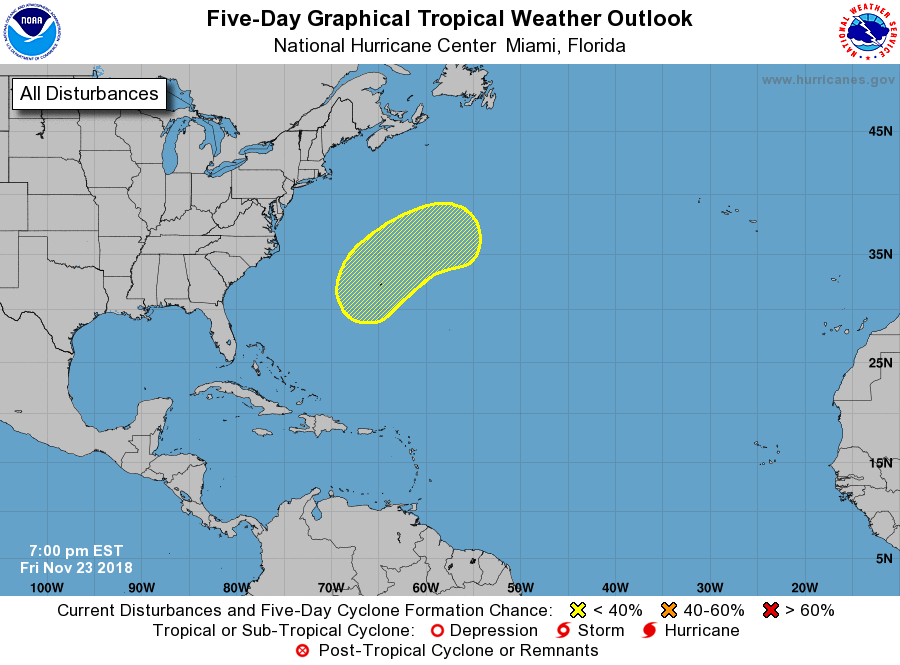
For the North Atlantic...Caribbean Sea and the Gulf of Mexico:

1. A complex, non-tropical low pressure system is forecast to develop over the southwestern Atlantic late Saturday or Sunday. This low is expected to move rapidly eastward to east-northeastward over the western and central Atlantic during the next few days. Conditions appear to be a little less favorable for the system to acquire subtropical characteristics during that time. Regardless of subtropical development, winds to gale force are expected over portions of the western Atlantic during the next couple of days, and then spread over the central Atlantic by early next week. Additional information can be found in High Seas Forecasts issued by the National Weather Service.
* Formation chance through 48 hours...low...near 0 percent.
* Formation chance through 5 days...low...20 percent.

High Seas Forecasts issued by the National Weather Service are issued under AWIPS header NFDHSFAT1, WMO header FZNT01 KWBC, and are available on the Web at https://ocean.weather.gov/shtml/NFDHSFAT1.shtml.

Forecaster Avila